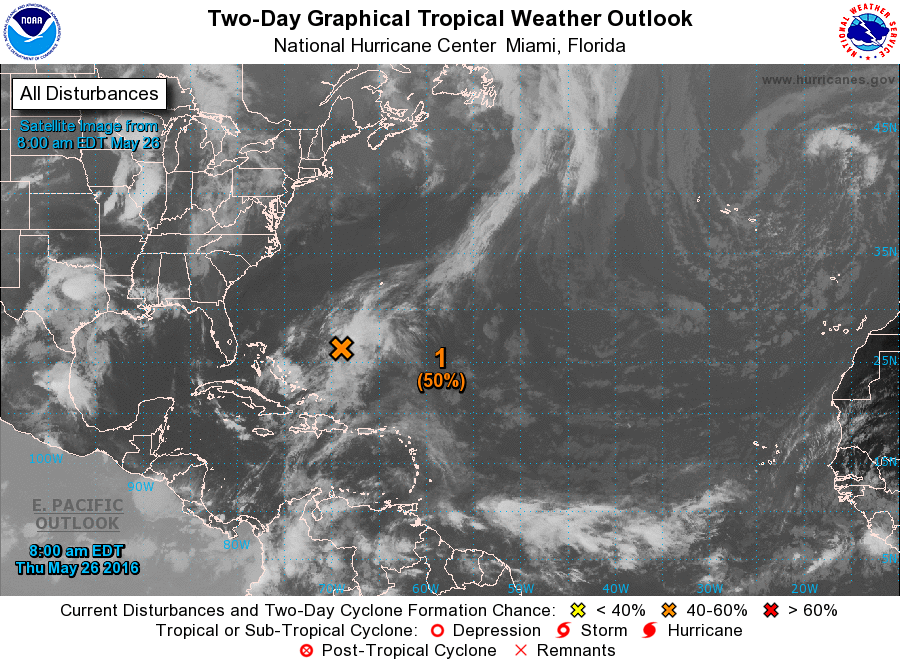
For the North Atlantic...Caribbean Sea and the Gulf of Mexico:

1. A low pressure area centered between Bermuda and the Bahamas is gradually becoming better defined while shower activity is increasing. Environmental conditions are expected to become more conducive for tropical or subtropical cyclone formation on Friday while the system moves west-northwestward or northwestward toward the southeastern United States coast. With the Memorial Day weekend approaching, all interests along the southeast coast from Georgia through North Carolina should monitor the progress of this low. An Air Force reconnaissance plane will be scheduled to investigate this low on Friday. The next Special Tropical Weather Outlook on this disturbance will be issued by 3 PM EDT today. For additional information on this system, see High Seas Forecasts issued by the National Weather Service.
* Formation chance through 48 hours...medium...50 percent
* Formation chance through 5 days...high...70 percent

High Seas Forecasts issued by the National Weather Service can be found under AWIPS Header NFDHSFAT1 and WMO Header FZNT01 KWBC.

Forecaster Avila